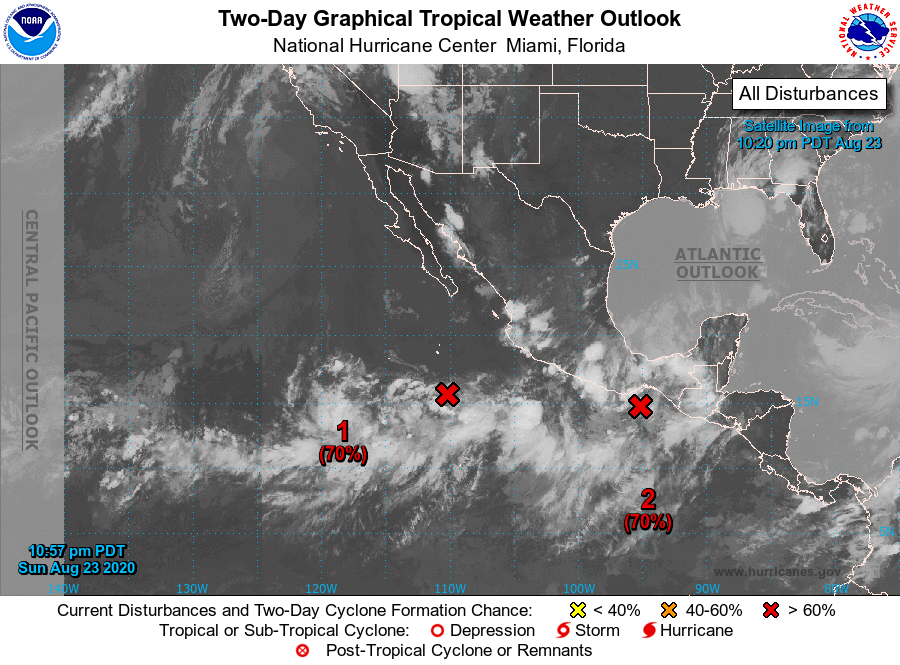
For the eastern North Pacific...east of 140 degrees west longitude:

1. Showers and thunderstorms have decreased this evening in association with a broad area of low pressure located several hundred miles south of the southern tip of the Baja California peninsula. Environmental conditions still appear conducive, however, for further development, and a tropical depression is expected to form during the next couple of days while the system meanders or drifts northward a few hundred miles offshore of the coast of southwestern Mexico.
* Formation chance through 48 hours...high...70 percent.
* Formation chance through 5 days...high...90 percent.

2. A small low pressure area located a couple of hundred miles south-southwest of the Gulf of Tehuantepec has changed little during the past several hours while producing only limited showers and thunderstorms. Conditions appear conducive for additional development of this system, and a tropical depression is likely to form within the next couple of days while it moves slowly northwestward, near or parallel to the southwestern coast of Mexico. Regardless of development, areas of heavy rainfall and flash flooding are likely in southeastern Mexico and northern Central America during the next several days.
* Formation chance through 48 hours...high...70 percent.
* Formation chance through 5 days...high...90 percent.

For more information on the system several hundred miles south of the southern tip of the Baja California peninsula, see High Seas Forecasts issued by the National Weather Service under AWIPS header NFDHSFEPI, WMO header FZPN02 KWBC, and on the web at ocean.weather.gov/shtml/NFDHSFEPI.php

Forecaster Roberts